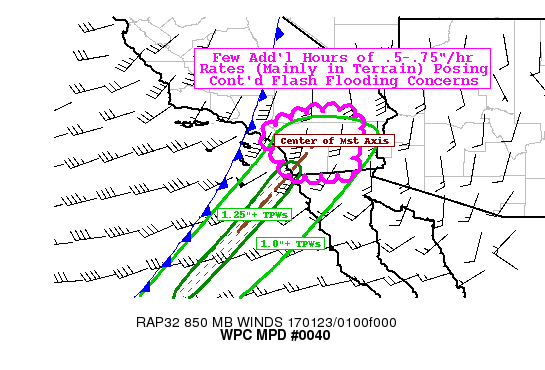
AREAS AFFECTED...EXTREME SOUTHERN CALIFORNIA

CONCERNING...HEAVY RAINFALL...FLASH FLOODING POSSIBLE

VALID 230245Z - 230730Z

SUMMARY...A FEW MORE HOURS OF .5-.75"/HR RATES ALONG THE TERRAIN
OF SW CA EVEN AS THE MOISTURE STREAM IS THINNING.

DISCUSSION...GOES-WV/IR AND RADAR MOSAIC INDICATE THE BULK OF
STRONGEST ASCENT AND MOISTURE FLUX HAS SHIFTED THROUGH ORANGE
COUNTY AND IS SHIFTING THROUGH THE SANTA ROSA AND LAGUNA MOUNTAIN
RANGES.  CURRENTLY THE CENTER OF THE TPW PLUME IS FOCUSED ON SAN
DIEGO WITH 50 KTS OF SWLY FLOW SLOWLY REDUCING TO 40KTS BY 06Z AND
CONTINUING TO BACK MORE WESTERLY.  LOCAL MESONET CONTINUES TO SHOW
ONE HOUR TOTALS IN THE .75" RANGE WITHIN THE SANTA ANA RANGE
TOWARD PALOMAR MTN WITH .25-.3" ALONG THE COAST IN THE LOWER
LEVELS.  THIS SUPPORTS THAT EVEN THOUGH THE MAIN AXIS IS THROUGH
AN ADDITIONAL HOUR OR SO WILL ALLOW FOR AN ADDITIONAL 1.5-2.5"
KEEPING FLASH FLOODING POSSIBLE ACROSS SAN DIEGO AND RIVERSIDE
COUNTIES.  THIS IS GENERALLY SUPPORTED BY THE BULK OF HI-RES CAM
GUIDANCE AS NOTED BY GOOD AGREEMENT IN THE SSEO AND HREF ENSEMBLE
MEANS.